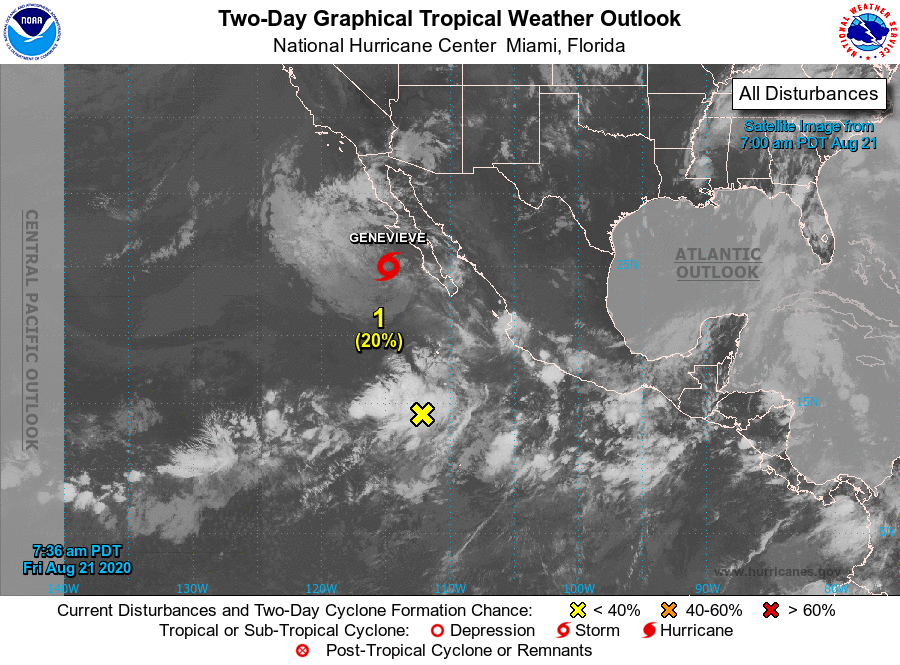
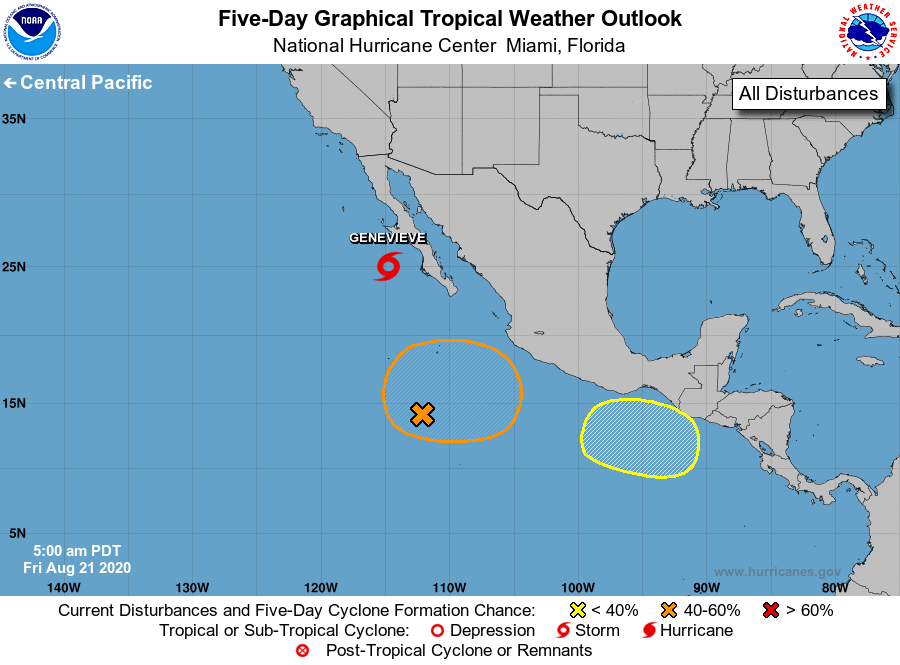
For the eastern North Pacific...east of 140 degrees west longitude:

The National Hurricane Center is issuing advisories on Tropical Storm Genevieve, located offshore of the southwestern coast of the Baja California peninsula.

1. A broad area of low pressure located several hundred miles southwest of the southwestern coast of Mexico is producing a large area of disorganized cloudiness and thunderstorms. Conditions appear favorable for some gradual development of this system, and a tropical depression could form by the middle of next week while it moves little.
* Formation chance through 48 hours...low...20 percent.
* Formation chance through 5 days...medium...60 percent.

2. Another area of low pressure is likely to form south of the Gulf of Tehuantepec early next week. Some slow development of this system is possible thereafter while it drifts northward.
* Formation chance through 48 hours...low...near 0 percent.
* Formation chance through 5 days...low...30 percent.

Forecaster Brown